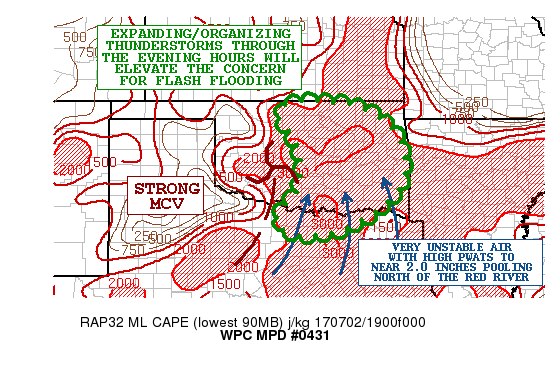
AREAS AFFECTED...CENTRAL/EASTERN OK...FAR NORTHERN TX

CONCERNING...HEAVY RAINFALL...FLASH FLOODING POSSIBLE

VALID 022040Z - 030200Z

SUMMARY...SHOWERS AND THUNDERSTORMS WILL DEVELOP AND EXPAND IN
COVERAGE THIS AFTERNOON WITH INCREASED ORGANIZATION TOWARD
EVENING. SOME FLASH FLOODING WILL BECOME POSSIBLE WITH TIME TOWARD
LATE AFTERNOON.

DISCUSSION...THE LATEST EXPERIMENTAL GOES-16 0.64 MICRON/VIS
IMAGERY SHOWS A VERY WELL-DEFINED AND LONG-LIVED MCV MOVING SLOWLY
ACROSS WEST-CENTRAL OK...WITH A TROUGH EXTENSION EXTENDING SOUTH
OF THE RED RIVER INTO NORTHERN TX. THERE IS A BROAD AREA OF SOUTH
TO SOUTHWEST LOW TO MID LEVEL FLOW AHEAD OF THE VORT CENTER WHICH
IS ALLOWING FOR A STRONGLY UNSTABLE AND VERY MOIST AIRMASS TO POOL
ALONG AND NORTH OF THE RED RIVER. IN FACT... THE LATEST RAP
ANALYSIS SHOWS A NOSE OF 3000 TO 3500 J/KG OF MLCAPE AND PWATS OF
1.8 TO 2 INCHES ACROSS THIS AREA.

RADAR IMAGERY IS SHOWING THUNDERSTORMS ALREADY BEGINNING TO
DEVELOP ACROSS PARTS OF CENTRAL OK WITHIN THIS MOSTLY UNCAPPED
ENVIRONMENT...AND WITH ADDITIONAL DIURNAL HEATING/INSTABILITY
EXPECTED THROUGH THE AFTERNOON AND THE APPROACH OF THE VORT
DYNAMICS...A FURTHER UPTICK IN CONVECTIVE EXPANSION/ORGANIZATION
IS EXPECTED. IN FACT...THE LATEST RAP ANALYSIS SHOWS A TIGHTENING
OF THE VORTICITY IN THE 850/700 MB LAYER BETWEEN 21Z AND 00Z ALONG
WITH A RESULTING STRENGTHENING OF THE WIND FIELDS AROUND THE
SOUTHERN FLANK OFF THE VORT CENTER NEAR THE RED RIVER.

THE HIRES MODELS LED BY THE 12Z NSSL-WRF AND THE LATEST HRRR/HRRRX
GUIDANCE APPEAR TO HAVE THE BEST HANDLE ON THE DEGREE OF
CONVECTIVE INITIATION THAT IS UNDERWAY...WITH THE 12Z ARW AND 12Z
NMMB ALREADY A BIT TOO SLOW TO DEVELOP CONVECTION.

THE HRRR/HRRRX GUIDANCE SUPPORTS CONVECTION EXPANDING ACROSS
CENTRAL/EASTERN OK THROUGH THE AFTERNOON...BUT WITH DEVELOPMENT
EXPECTED TOWARD 00Z CLOSER TO THE RED RIVER AND PERHAPS EVOLVING
INTO A RATHER FOCUSED AXIS OF CONVECTION IN A SW/NE OR W/E FASHION
THAT WILL BEGIN TO BE CONDUCIVE FOR CELL-TRAINING GIVEN THE
STRENGTHENING WIND FIELDS ACROSS THIS REGION AND TRANSPORT OF VERY
MOIST/UNSTABLE AIR.

RAINFALL RATES OF 2.5 INCHES/HR WILL BE EXPECTED WITHING THE
STRONGER CONVECTIVE CORES...AND THE LATEST HIRES MODEL SIGNALS
SUGGEST AS MUCH AS 3 TO 5 INCHES OF RAINFALL TO BE POSSIBLE AT
LEAST LOCALLY THROUGH MID-EVENING...WITH MORE RAIN LIKELY
OVERNIGHT ACROSS AREAS ADJACENT TO THE RED RIVER...AS WELL AS
SOUTHEAST OK AND POSSIBLY WESTERN AR. FLASH FLOODING WILL BECOME
AN INCREASING CONCERN WITH TIME OVER ALL OF THESE AREAS THROUGH
THE EVENING HOURS.